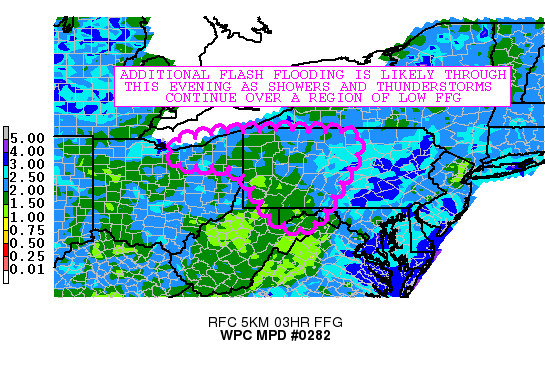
AREAS AFFECTED...NORTHEAST OH...WESTERN PA...EXTREME NORTHWEST
MD...NORTHEAST WV

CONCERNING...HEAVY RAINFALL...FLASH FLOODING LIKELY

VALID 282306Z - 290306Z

SUMMARY...SHOWERS AND THUNDERSTORMS EXTENDING FROM NORTHEAST OH
ACROSS WESTERN PA INTO THE NORTHEAST CORNER OF WV AND EXTREME
NORTHWEST MD WILL CONTINUE A FLASH FLOOD THREAT OVER THE AREA FOR
THE NEXT SEVERAL HOURS.

DISCUSSION...SHOWERS AND THUNDERSTORMS ARE OCCURRING OVER AN AREA
OF LOW FLASH FLOOD GUIDANCE FROM NORTHEAST OH ACROSS WESTERN PA TO
THE NORTHEAST CORNER OF WV AND EXTREME NORTHWEST MD. THE SHOWERS
ARE OCCURRING IN A VERY MOIST ENVIRONMENT WITH ONLY MODEST
INSTABILITY. PRECIPITABLE WATER VALUES ARE 1.4-1.8" AND MUCAPE IS
GENERALLY 500-1000 J/KG. THE STORMS ARE EFFICIENT RAIN PRODUCERS
THOUGH...WITH LOCAL HOURLY RAIN RATES OF 1-2".

THE MAIN LINE OF STORMS HAS BEEN DECENTLY PROGRESSIVE ACROSS
PA...BUT STORMS HAVE BEEN REDEVELOPING IN THE WAKE OF THAT LINE
OVER WESTERN PA AND ACROSS NORTHEAST OH FOR A TRAINING EFFECT.
HIRES MODELS INDICATE THE ACTIVITY WILL CONTINUE THROUGH
EVENING...WITH MOST OF THE MODELS SHOWING LOCAL ACCUMULATIONS OF
MORE THAN 2". THE 3-HOUR FLASH FLOOD GUIDANCE VALUES IN THE THREAT
AREA ARE IN THE RANGE 0.75-2.0"...SO ADDITIONAL FLASH FLOODING IS
LIKELY THIS EVENING.